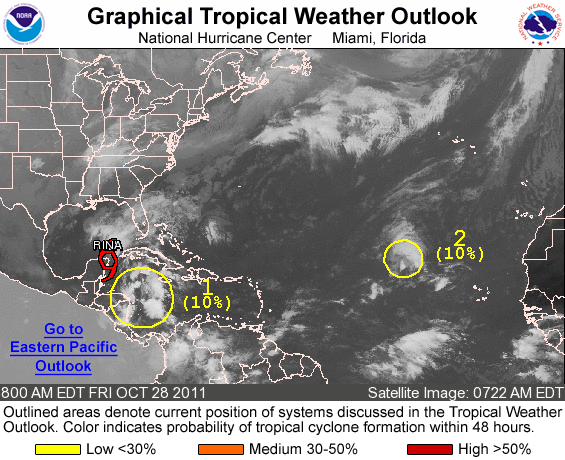
FOR THE NORTH ATLANTIC...CARIBBEAN SEA AND THE GULF OF MEXICO...

THE NATIONAL HURRICANE CENTER IS ISSUING ADVISORIES ON TROPICAL STORM RINA...LOCATED ABOUT 20 MILES NORTH OF CANCUN MEXICO.

1. SHOWERS AND THUNDERSTORMS OVER THE WESTERN CARIBBEAN SEA ARE ASSOCIATED WITH A BROAD AREA OF LOW PRESSURE. DEVELOPMENT OF THIS DISTURBANCE...IF ANY...SHOULD BE SLOW TO OCCUR AS IT DRIFTS NORTHWESTWARD. THIS SYSTEM HAS A LOW CHANCE...10 PERCENT...OF BECOMING A TROPICAL CYCLONE DURING THE NEXT 48 HOURS.

2. A LOW PRESSURE SYSTEM OVER THE EASTERN ATLANTIC ABOUT 850 MILES WEST-NORTHWEST OF THE CAPE VERDE ISLANDS IS PRODUCING A SMALL AREA OF SHOWERS AND THUNDERSTORMS. WHILE UPPER-LEVEL WINDS ARE EXPECTED TO BE MARGINALLY CONDUCIVE FOR DEVELOPMENT OVER THE NEXT COUPLE OF DAYS...SURFACE OBSERVATIONS INDICATE THAT PRESSURES ARE CURRENTLY HIGH IN THE AREA. THIS SYSTEM HAS A LOW CHANCE...10 PERCENT...OF BECOMING A TROPICAL CYCLONE DURING THE NEXT 48 HOURS AS IT MOVES WEST-NORTHWESTWARD AT 5 TO 10 MPH.

ELSEWHERE...TROPICAL CYCLONE FORMATION IS NOT EXPECTED DURING THE NEXT 48 HOURS.

FORECASTER BEVEN